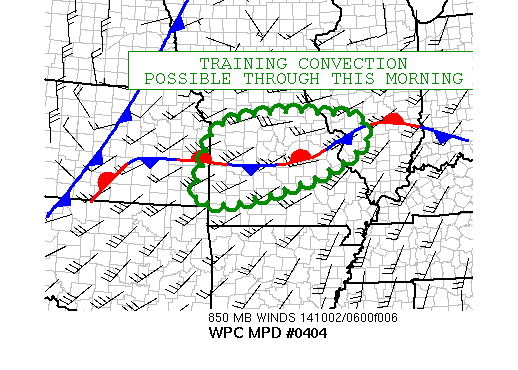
AREAS AFFECTED...CENTRAL MO

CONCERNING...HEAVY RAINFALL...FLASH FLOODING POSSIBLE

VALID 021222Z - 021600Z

SUMMARY...TRAINING OF CONVECTION POSSIBLE THIS MORNING ALONG AND
NORTH OF THE STATIONARY FRONT OVER CENTRAL MISSOURI.  FLASH
FLOODING POSSIBLE

DISCUSSION...MORNING SURFACE ANALYSIS CONTINUES TO SHOW A WEST TO
EAST ORIENTED SURFACE FRONTAL BOUNDARY STRETCHING FROM EAST
CENTRAL KANSAS INTO CENTRAL MISSOURI. CONVECTION CONTINUES TO FIRE
IN THE MOIST SOUTH SOUTHWESTERLY FLOW---PW VALUES 1.5 TO 2
STANDARD DEVIATIONS ABOVE THE MEAN---ALONG THIS BOUNDARY.
TRAINING OF CELLS ARE POSSIBLE IN THE VICINITY OF THIS FRONT
ACROSS CENTRAL MISSOURI THIS MORNING.  WITH FFG VALUES HAVING
LOWERED TO THE NORTH OF THIS FRONT FROM EARLIER RAINS AND RADAR
ESTIMATES OF OF 2"+ PER HOUR OCCURRING WITH THE CURRENT
ACTIVITY---FLASH FLOODING IS POSSIBLE.

THE LATEST HI RES ARW---SPCWRF AND HRRR 6 HOUR FORECASTS FROM 1200
TO 1800 UTC SEEM TO FIT THE LATEST RADAR TRENDS WELL WITH RESPECT
TO THE QPF AXES.  THE OVERALL FAVORABLE PATTERN FOR HEAVY RAINS
WILL LIKELY CONTINUE INTO THIS AFTERNOON WITH ADDITIONAL
CONVECTION AHEAD OF THE UPSTREAM COLD FRONT LIKELY TO PUSH ACROSS
THE THREAT REGIONS.